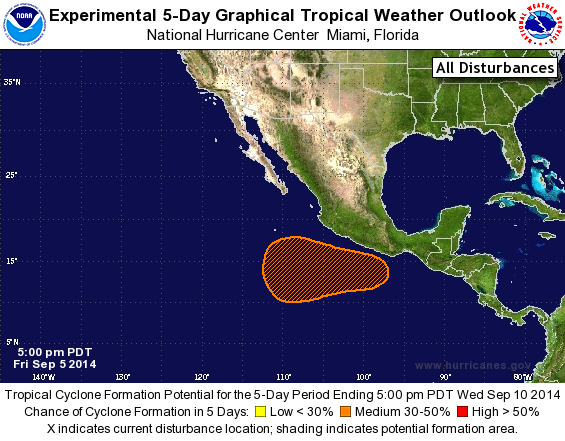
For the eastern North Pacific...east of 140 degrees west longitude:

The National Hurricane Center is issuing advisories on Hurricane Norbert, located a short distance southwest of Baja California Sur.

1. An area of low pressure is expected to form a few hundred miles south or southwest of the southern coast of Mexico by early next week. Environmental conditions in this region should be conducive for gradual development through the middle of next week.
* Formation chance through 48 hours...low...near 0 percent.
* Formation chance through 5 days...medium...50 percent.

Forecaster Blake